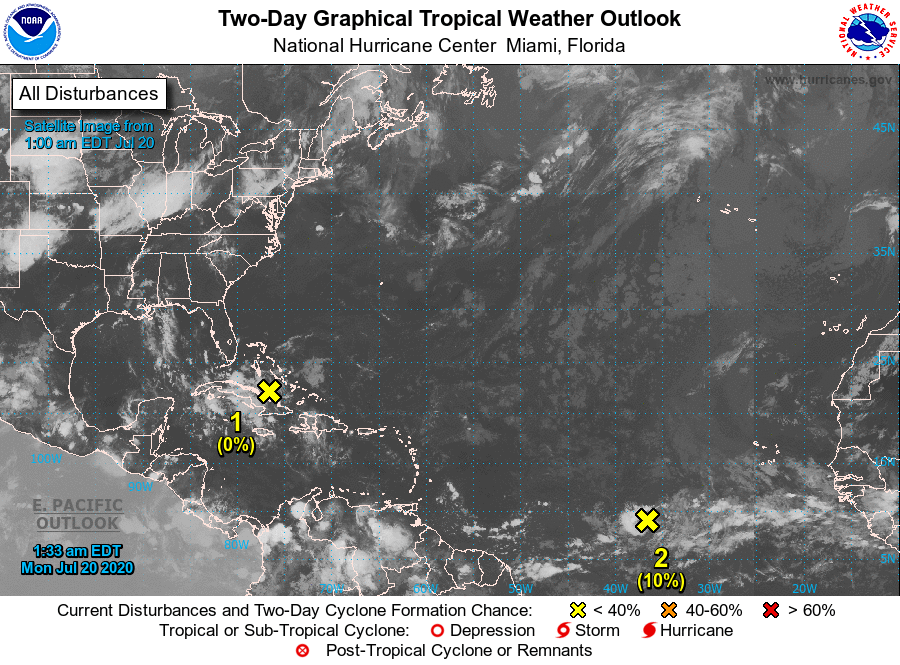
For the North Atlantic...Caribbean Sea and the Gulf of Mexico:

1. Disorganized showers and thunderstorms over the central Bahamas, central Cuba, and adjacent Atlantic waters are associated with a tropical wave. Environmental conditions could become a little more conducive for development of this system over the Gulf of Mexico. This system is expected to move west-northwestward through the Straits of Florida today, over the southeastern Gulf of Mexico by Tuesday, across the central Gulf on Wednesday, and reach the northwestern Gulf on Thursday.
* Formation chance through 48 hours...low...near 0 percent.
* Formation chance through 5 days...low...20 percent.

2. A tropical wave located more than 900 miles west-southwest of the Cabo Verde Islands is producing a small area of disorganized showers and thunderstorms. Environmental conditions are expected to be marginally conducive for development of this system during the next few days while it moves westward at 10 to 15 mph over the tropical Atlantic. By Friday and over the weekend, conditions are forecast to become less favorable for tropical cyclone formation.
* Formation chance through 48 hours...low...10 percent.
* Formation chance through 5 days...low...20 percent.

Forecaster Stewart